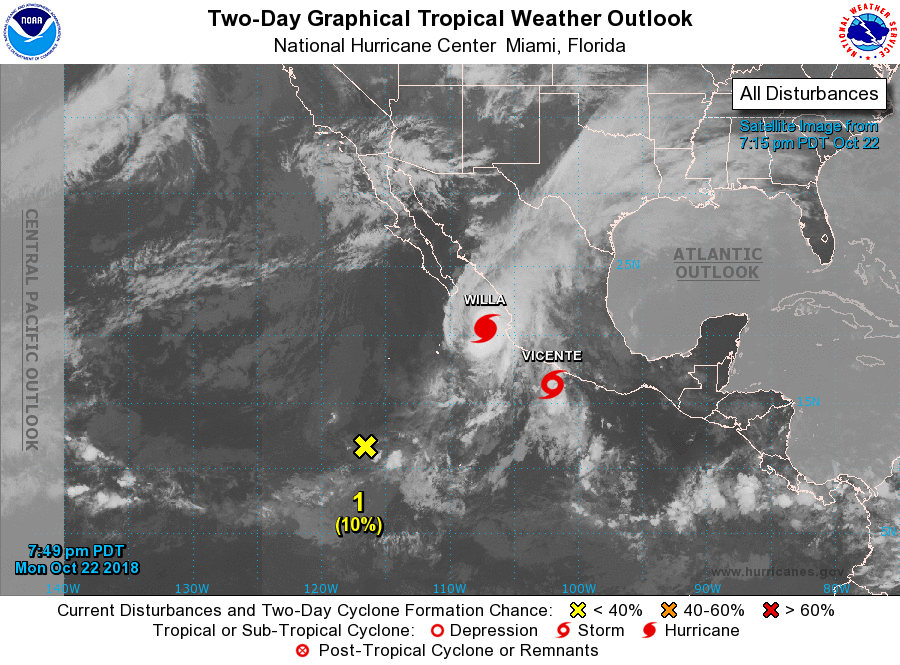
For the eastern North Pacific...east of 140 degrees west longitude:

The National Hurricane Center is issuing advisories on Tropical Storm Vicente, located a few hundred miles southeast of Manzanillo, Mexico, and on Hurricane Willa, located about a hundred miles west of Cabo Corrientes, Mexico.

1. Showers and thunderstorms remain minimal in association with a small area of low pressure located about 800 miles south-southwest of the southern tip of the Baja California peninsula. Development, if any, is forecast to be slow to occur during the next couple of days before upper-level winds become unfavorable for development later this week.
* Formation chance through 48 hours...low...10 percent.
* Formation chance through 5 days...low...10 percent.

Forecaster Blake